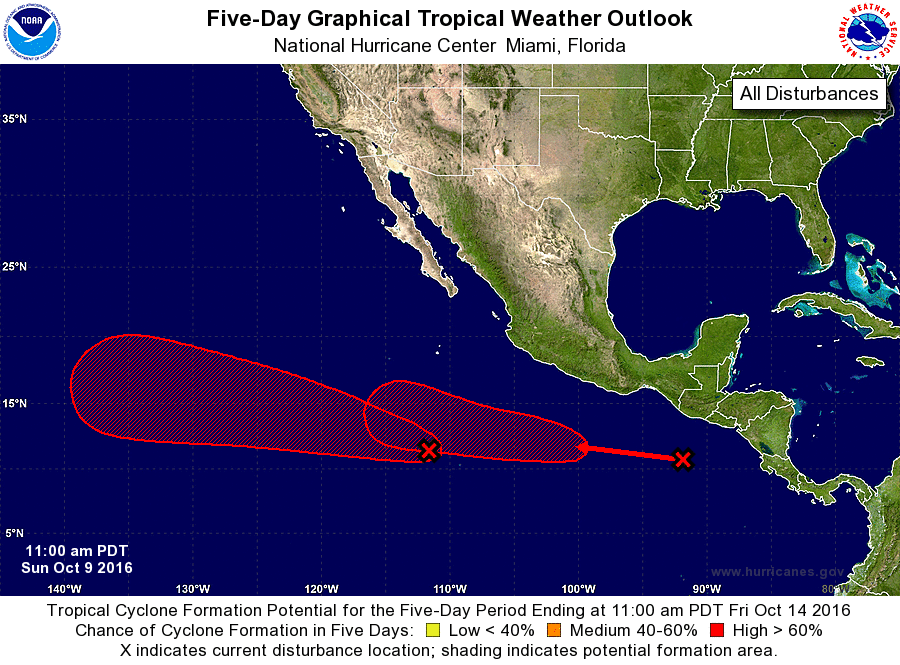
For the eastern North Pacific...east of 140 degrees west longitude:

1. A large area of cloudiness and thunderstorms, extending from several hundred miles south through southwest of the southern tip of the Baja California peninsula, is associated with a trough of low pressure. This disturbed weather is expected to slowly consolidate during the next few days, and a tropical depression is likely to form later this week while moving west-northwestward to northwestward.
* Formation chance through 48 hours...low...10 percent
* Formation chance through 5 days...high...70 percent

2. Disorganized showers and thunderstorms located a few hundred miles south through southeast of the Gulf of Tehuantepec are associated with a tropical wave. Environmental conditions are expected to generally be conducive for development of this disturbance, and a tropical depression is likely to form later this week while this system moves westward and then west-northwestward.
* Formation chance through 48 hours...low...20 percent
* Formation chance through 5 days...high...70 percent

Forecaster Kimberlain